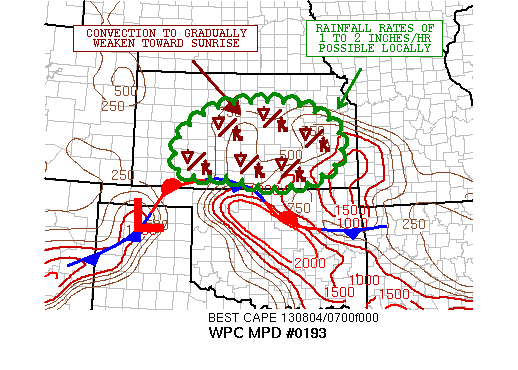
AREAS AFFECTED...CENTRAL AND SOUTHERN KS

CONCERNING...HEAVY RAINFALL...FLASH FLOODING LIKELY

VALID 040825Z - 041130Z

SUMMARY...ADDITIONAL FLASH FLOODING IS EXPECTED AS SLOW-MOVING
CONVECTION PERSISTS OVER THE NEXT COUPLE OF HOURS. IMPROVEMENT IS
EXPECTED TOWARD SUNRISE.

DISCUSSION...A VERY COLD-TOPPED AND SLOW-MOVING MCS IS MOVING OVER
CENTRAL AND SOUTHERN KS THIS MORNING...AND CONTINUES TO PRODUCE
LOCALLY VERY HEAVY RAINFALL RATES...THAT OVERNIGHT HAVE AVERAGED 1
TO 2 INCHES/HR...BUT LOCALLY EXCEEDED 3 INCHES/HR WITHIN THE
HEAVIEST CONVECTIVE CORES.

ADDITIONAL FLASH FLOODING CAN BE EXPECTED OVER THE NEXT COUPLE OF
HOURS AS THE ONGOING MCS SLOWLY ADVANCES EASTWARD NEAR A STILL
WELL-DEFINED AXIS OF ELEVATED INSTABILITY. ALTHOUGH THE
INSTABILITY POOL SHOULD SLOWLY WEAKEN WITH TIME.
ADDITIONALLY...THE LATEST RAP ANALYSIS ALONG WITH AVAILABLE WIND
PROFILER DATA INDICATE THAT THE NOCTURNALLY ENHANCED LOW LVL JET
WHICH HAS BEEN INSTRUMENTAL IN AIDING THE MCS OVERNIGHT HAS
LEVELED OFF...AND SHOULD TEND TO WEAKEN GRADUALLY TOWARD SUNRISE.
EXPECTING A GRADUAL WEAKENING TREND WITH THE CONVECTION AS A
RESULT...BUT CONVECTION AT LEAST IN THE SHORT TERM WILL STILL BE
CAPABLE OF PRODUCING RAINFALL RATES OF 1 TO 2 INCHES/HR. THIS WILL
LOCALLY BE FALLING ON AREAS WITH SATURATES SOIL. SOME AREAS
OVERNIGHT HAVE PICKED UP OVER 5 INCHES OF RAIN...AND ANY
ADDITIONAL RAINFALL WILL ONLY EXACERBATE ONGOING FLASH FLOODING.

HENCE THE FLASH FLOOD THREAT REMAINS ELEVATED IN THE SHORT
TERM...BUT CONDITIONS SHOULD IMPROVE AFTER SUNRISE. WILL CONTINUE
TO MONITOR.